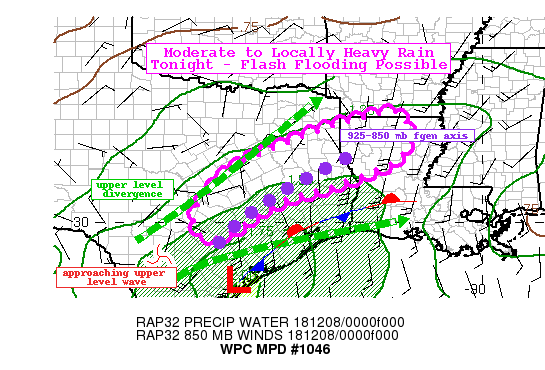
Areas affected...East-Central TX...West-Central LA

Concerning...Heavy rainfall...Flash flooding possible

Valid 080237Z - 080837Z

Summary...Widespread moderate to locally heavy rainfall across
interior east-central Texas into west-central Louisiana will
continue to saturate soils and may lead to flooding.

Discussion...As of 02z, an analysis showed surface low and
stationary boundary along the Texas Gulf Coast. Aloft, broad
southwesterly flow is evident with a large area of upper level
divergence across the southern Plains. There is a narrow axis of
frontogentically forced precipitation in the 850-925 mb layer,
which is contributing to steady moderate to locally heavy
rainfall. This is occurring on the gradient of the highest PWATs,
which are maximized along the coast around 1.9". These values are
2.5-3 SD above the mean for this time of year. MUCAPE as high as
250 J/kg extends up into east-central Texas. With the mean flow
parallel to the storm motion this evening and tonight, repeated
bouts of moderate to locally heavy rainfall are expected through
09z. Finally, since mid-afternoon, areal averages of 1 to 3" has
fallen, generally east of San Antonio to College Station to
Lufkin.

In water vapor, there is another mid/upper level wave noted across
south-central Texas. As this waves moves across east-central TX
into western LA, another wave of moderate to heavy rain will move
into the area. This is likely to produce hourly rates as high as
1" with totals of 2-4" possible. This rainfall, falling on
increasingly saturated soils, for a prolonged time could result in
flooding, especially over sensitive urban and poor draining
locations.